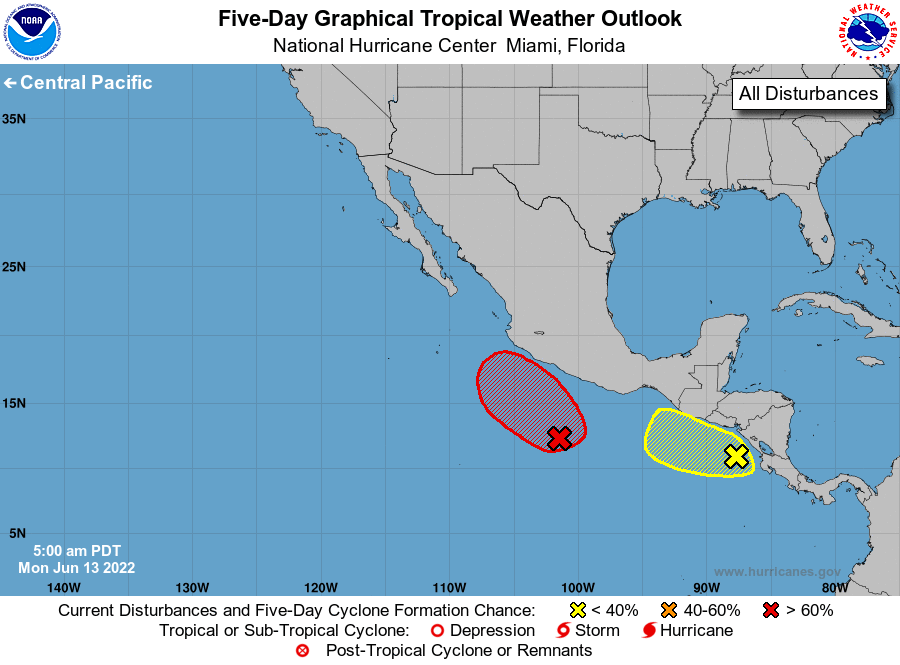
For the eastern North Pacific...east of 140 degrees west longitude:

1. Off the coast of southwestern Mexico: A broad area of low pressure located a few hundred miles south of the southwestern coast of Mexico is producing a large area of showers and thunderstorms. While recent satellite-derived winds indicate the low does not yet have a well-defined center, environmental conditions are forecast to be conducive for additional development. A tropical depression is likely to form in the next day or two while the system moves slowly northwestward off the southwestern coast of Mexico. Additional information on this system, including gale warnings, can be found in high seas forecasts issued by the National Weather Service.
* Formation chance through 48 hours...high...80 percent.
* Formation chance through 5 days...high...90 percent.

2. Off the coast of Central America: A trough of low pressure has formed a couple of hundred miles southwest of the coast of Nicaragua and is producing a disorganized area of showers and thunderstorms. Some additional development of this system is possible over the next few days as long as it remains offshore, moving slowly northwestward near the coast of Central America and southern Mexico.
* Formation chance through 48 hours...low...20 percent.
* Formation chance through 5 days...low...30 percent.

High Seas Forecasts issued by the National Weather Service can be found under AWIPS header NFDHSFEPI, WMO header FZPN02 KWBC, and on the web at ocean.weather.gov/shtml/NFDHSFEPI.php

Forecaster Papin